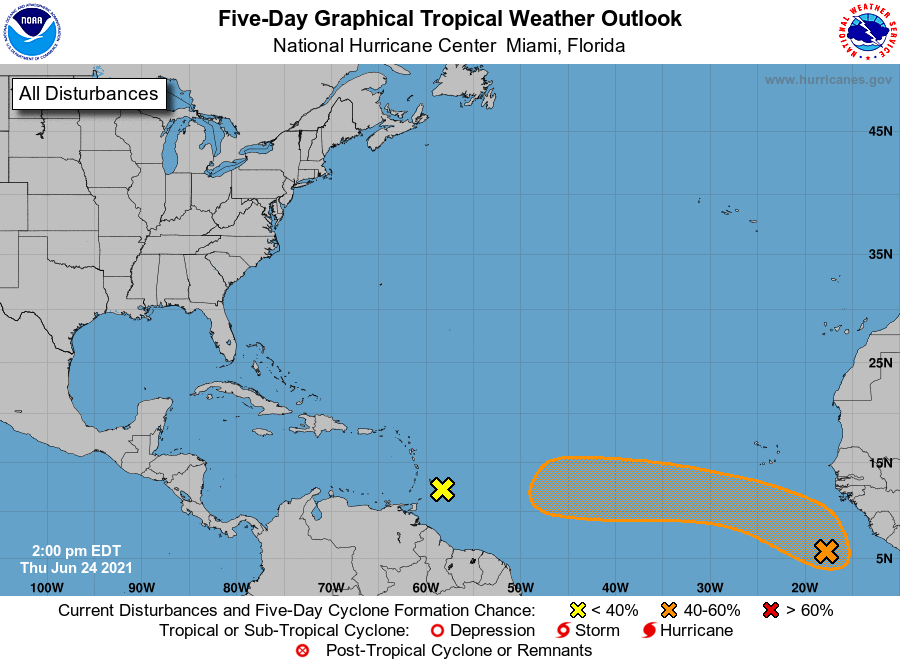
For the North Atlantic...Caribbean Sea and the Gulf of Mexico:

1. A strong tropical wave located over the far east Atlantic off the African coast is producing a broad area of showers and thunderstorms. As the system moves west-northwestward into the central Atlantic Ocean, conditions appear only marginally conducive for development due to relatively cool ocean temperatures. However, a small tropical depression could still form by early next week.
* Formation chance through 48 hours...low...20 percent.
* Formation chance through 5 days...medium...40 percent.

2. Recent satellite-derived surface winds indicate that the small area of low pressure located about 100 miles east-southeast of Barbados has degenerated into a trough. In addition, shower and thunderstorm activity has diminished with this system. Unfavorable upper-level winds are expected to prevent development of this disturbance while moving toward the west-northwest at about 10 mph. Even though development is not expected, the disturbance could produce increased shower activity and some gusty winds while moving across the Lesser Antilles over the next couple of days.
* Formation chance through 48 hours...low...near 0 percent.
* Formation chance through 5 days...low...near 0 percent.

Forecaster Papin/Cangialosi